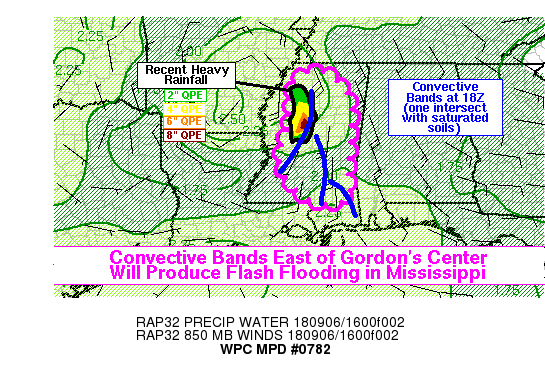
Areas affected...Mississippi

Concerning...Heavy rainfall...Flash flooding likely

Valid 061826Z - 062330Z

Summary...Bands of heavy rain with embedded thunderstorms are
expected over Mississippi this afternoon, to the east of the
circulation center of Tropical Depression Gordon. One of these
bands should affect a portion of northwest Mississippi near
Interstate-55 that has already received significant rainfall
earlier today. This will likely lead to flash flooding in those
areas, with flash flooding possible elsewhere across the state.
Rain rates could reach 2 in/hr in narrow swaths near the center of
some of these rain bands.

Discussion...Since 17Z, GOES-16 satellite imagery has shown a band
of increasingly organized convection along the I-55 corridor in
Mississippi, with several other convective bands in southeast
Mississippi also becoming stronger. The Cloud Phase Distinction
RGB showed increasing ice phase cloud tops with the I-55 band, and
the deeper convection was beginning to produce some sporadic
lightning and increasingly heavy rain rates. The Air Mass RGB and
Simple Water Vapor RGB both show some pockets of drier mid-upper
level air over central Mississippi (as opposed to the area near
Gordon's circulation center), which may allow for some greater
convective instability, but also reduce some of the rainfall
efficiency with the convection in the area. Nevertheless, with
PWATs still around 2 inches, the environment should still be
favorable for rain rates to around 2 in/hr. Furthermore, the
largely uniform wind direction through the lowest 6km should help
channel convective bands into training patterns.

The convective band near I-55 was intersecting an area that
received substantial rainfall in the past 24 hours, over Holmes,
Carroll, Montgomery, and Grenada Counties. NSSL QPE showed a
pocket of over 8 inches of rainfall near the Carroll and Holmes
County borders, and this was precisely the same area receiving
heavy rain now. Radar trends suggested that this may not persist
through the whole afternoon, but even an additional 1-3 hours of
rain (falling at the rate of 1-2 in/hr) on saturated soils would
likely produce flash flooding. Significant flooding occurred
earlier this morning, with some water rescues reported. The
redevelopment of significant flooding, perhaps in new nearby
areas, will be possible in this small region of NW MS,
particularly if the convection can persist for 2 hours or more.

Elsewhere, the potential of training rain bands likewise exists,
but antecedent conditions may be less favorable for flash
flooding. Nevertheless, flooding issues will be possible over much
of Mississippi this afternoon. The Air Mass and Simple Water Vapor
RGBs from GOES-16 did show a pocket of deeper moisture in
southeast Mississippi, which could favor a greater concentration
of convection in that area.